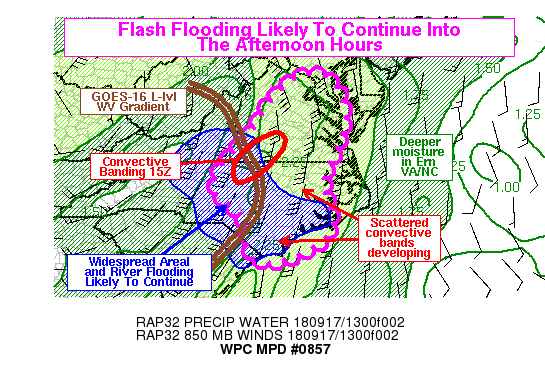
Areas affected...Ctrl/Ern North Carolina, Ctrl/Ern Virginia, Srn
Maryland, D.C.

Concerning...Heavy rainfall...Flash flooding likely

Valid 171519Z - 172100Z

Summary...Training bands of heavy rainfall are expected to
continue across central and eastern portions of Virginia today,
which may produce rain rates to around 3 in/hr in the most intense
rain bands. This would be likely to lead to new and expanding
areas of flash flooding. Further south into North Carolina,
widespread areal and river flooding will continue. Scattered bands
of heavy rain may develop into the afternoon hours, and given the
saturated soils, this could lead to localized worsening of the
ongoing widespread and severe flooding issues.

Discussion...The strongest convective rain bands as of 15Z were
situated near the central portions of the Virginia-North Carolina
border, where numerous flash flood warnings were already in
effect. The Clarksville, VA (KW63) observation site measured 1.67
inches of rain in 40 minutes with one of these rain bands, and a
number of other mesonet or privately-owned weather stations in the
area have recorded 2-3 in/hr rain rates as well. These convective
bands were situated near the confluence of a number of mesoscale
features. First, they were on the edge of a dry slot in the
mid-upper levels of the troposphere, evident in the GOES-16
Channel 10 water vapor imagery and Simple Water Vapor RGB. This
was confirmed by 12Z soundings from RNK and GSO which showed
significantly reduced RH as low as 500-600mb with a corresponding
subsidence inversion. This may slowly press to the east through
the day, and limit convection to the west of the moisture gradient
as it does. Second, the convective bands were on the northwest
periphery of stronger instability, with RAP analysis indicating
around 500-1000 j/kg of MLCAPE in the inflow region. This is more
than sufficient to maintain intense rain rates in a tropical
moisture plume, and the instability axis is expected to nose into
eastern Virginia during the early afternoon. Finally, the
convective bands are embedded in a belt of strong southerly
low-level flow, which should favor continued backbuilding and
training.

These factors are largely expected to persist into the afternoon,
with the dry slot shifting slightly east, and the nose of the
stronger instability pushing north. This should support a gradual
trend toward the most intense rain rates being favored in
east-central Virginia, perhaps toward the I-85 and I-95 corridors
from the greater Richmond area south to the North Carolina border.
Rain rates of 2-3 in/hr would be likely in the strongest
convective bands, and could even locally exceed 3 in/hr given the
deep tropical moisture plume. Therefore, the flash flood threat
may expand and develop to the north and northeast during the
afternoon across the eastern half of Virginia. Even though flash
flood guidance values are more elevated, significant rain rates
may be the more important factor, especially if they align with
more urbanized areas. Furthermore, current soil moisture
percentile rankings in eastern Virginia are roughly in the 85th to
95th percentile, likely due to a wet summer overall.

Further to the south, in North Carolina, significant rainfall due
to Florence over the past several days has caused widespread areal
and river flooding, and that should continue today. The forcing
for additional convection further south may be more limited
despite a broadly confluent low-level flow pattern. Therefore,
convection across North Carolina is expected to be somewhat
scattered into the afternoon hours. Nevertheless, a deep tropical
moisture plume persists with the 12Z MHX sounding showing a
precipitable water value above 2.1 inches. Greater clearing (as
compared to areas further north on GOES-16 visible satellite)
should allow for stronger instability to build as well. Therefore,
despite the more scattered nature of convection into the
afternoon, intense rain rates of 2-3 in/hr will be possible as
well, just on a more localized basis.